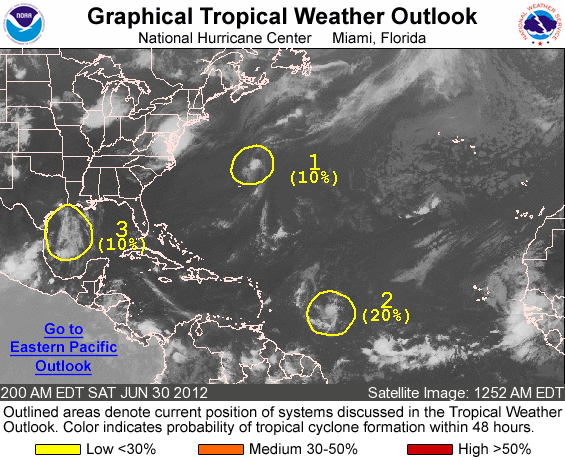
FOR THE NORTH ATLANTIC...CARIBBEAN SEA AND THE GULF OF MEXICO...

1. A LOW PRESSURE AREA...THE POST-TROPICAL REMNANTS OF DEBBY...IS LOCATED ABOUT 250 MILES NORTH-NORTHEAST OF BERMUDA AND MOVING EAST- NORTHEASTWARD AT ABOUT 20 MPH. WHILE THE ASSOCIATED SHOWER ACTIVITY HAS INCREASED DURING THE PAST SEVERAL HOURS...ENVIRONMENTAL CONDITIONS REMAIN UNFAVORABLE FOR RE-DEVELOPMENT TO OCCUR. THIS SYSTEM HAS A LOW CHANCE...10 PERCENT...OF BECOMING A TROPICAL CYCLONE AGAIN DURING THE NEXT 48 HOURS. ADDITIONAL INFORMATION ON THIS LOW CAN BE FOUND IN HIGH SEAS FORECASTS ISSUED BY THE NATIONAL WEATHER SERVICE.

2. A TROPICAL WAVE LOCATED ABOUT 750 MILES EAST OF THE WINDWARD ISLANDS IS MOVING WESTWARD AT ABOUT 10 TO 15 MPH. THE ASSOCIATED THUNDERSTORM ACTIVITY HAS CHANGED LITTLE IN ORGANIZATION DURING THE PAST SEVERAL HOURS. HOWEVER...ANY DEVELOPMENT OF THIS DISTURBANCE SHOULD BE SLOW TO OCCUR DUE TO THE PROXIMITY OF DRY AIR. THIS SYSTEM HAS A LOW CHANCE...20 PERCENT...OF BECOMING A TROPICAL CYCLONE DURING THE NEXT 48 HOURS.

3. AN AREA OF CLOUDINESS AND THUNDERSTORMS CONTINUES OVER THE WESTERN GULF OF MEXICO. SURFACE PRESSURES ARE RELATIVELY HIGH IN THIS AREA...AND DEVELOPMENT...IF ANY...SHOULD BE SLOW TO OCCUR. THIS SYSTEM HAS A LOW CHANCE...10 PERCENT...OF BECOMING A TROPICAL CYCLONE DURING THE NEXT 48 HOURS AS IT MOVES NORTHWARD AT 5 TO 10 MPH.

ELSEWHERE...TROPICAL CYCLONE FORMATION IS NOT EXPECTED DURING THE NEXT 48 HOURS.

&&
HIGH SEAS FORECASTS CAN BE FOUND UNDER AWIPS HEADER NFDHSFAT1 AND WMO HEADER FZNT01 KWBC.

FORECASTER BEVEN